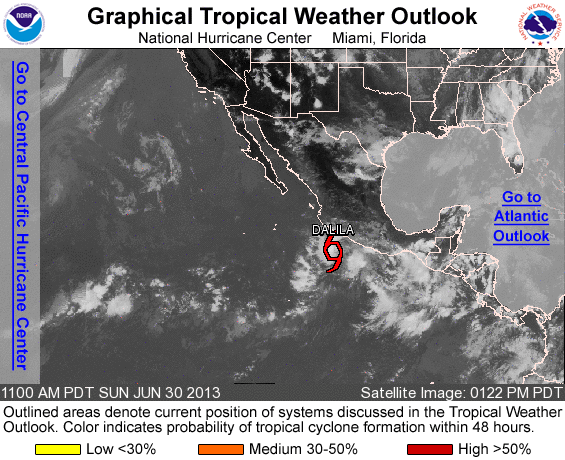
FOR THE EASTERN NORTH PACIFIC...EAST OF 140 DEGREES WEST LONGITUDE..

THE NATIONAL HURRICANE CENTER IS ISSUING ADVISORIES ON TROPICAL STORM DALILA...LOCATED SOUTH OF THE COAST OF SOUTHWESTERN MEXICO.

ELSEWHERE...TROPICAL CYCLONE FORMATION IS NOT EXPECTED DURING THE NEXT 48 HOURS.

&&
PUBLIC ADVISORIES ON TROPICAL STORM DALILA ARE ISSUED UNDER WMO HEADER WTPZ34 KNHC AND UNDER AWIPS HEADER MIATCPEP4. FORECAST/ADVISORIES ARE ISSUED UNDER WMO HEADER WTPZ24 KNHC AND UNDER AWIPS HEADER MIATCMEP4.

FORECASTER PASCH